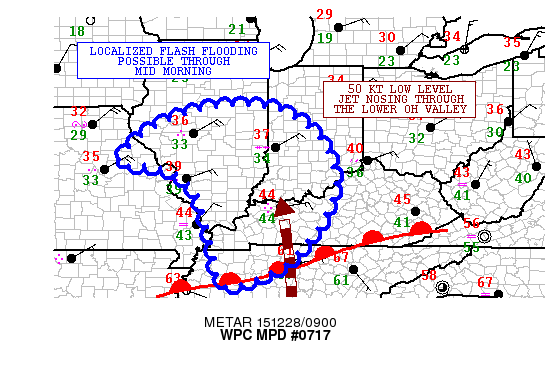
AREAS AFFECTED...EXTREME EASTERN MO...CENTRAL/SOUTHERN
IL...SOUTHWEST IN...WESTERN KY...WESTERN TN

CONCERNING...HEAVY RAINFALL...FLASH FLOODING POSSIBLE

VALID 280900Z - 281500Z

SUMMARY...PERSISTENT MODERATE TO HEAVY RAINS WILL CONTINUE TO
FAVOR THE POTENTIAL FOR RUNOFF PROBLEMS AND SOME ISOLATED FLASH
FLOODING THROUGH MID MORNING.

DISCUSSION...WHILE THE HEAVIEST RAINS ARE CURRENTLY CONFINED TO
THE LOWER MS VALLEY REGION. STRONG WARM ADVECTION AND INCREASINGLY
DIVERGENT FLOW ALOFT AHEAD OF A MID LEVEL LOW CENTER CROSSING THE
ARKLATEX REGION THIS MORNING IS GENERATING A RATHER BROAD AREA OF
MODERATE TO HEAVY RAINS ALONG WITH SOME EMBEDDED ELEVATED
CONVECTION.

ANOMALOUS MOISTURE CONTINUES TO SURGE NORTH FROM THE GULF COAST
STATES VIA A 50 KT LOW LEVEL JET NOSING INTO THE OH VALLEY...AND
WITH PW ANOMALIES AS HIGH AS 3 TO 4 STD DEV ABOVE NORMAL...AND
APPROACHING 1.4 TO 1.5 INCHES...THE RAINFALL RATES CONTINUE TO BE
LOCALLY HEAVY AND CLOSE TO 1 INCH/HR WITHIN THE STRONGER
CONVECTIVE ELEMENTS.

THE LATEST HIRES GUIDANCE CONTINUES TO FAVOR AS MUCH AS AN
ADDITIONAL 1 TO 2 INCHES OF RAIN THROUGH 15Z...WITH THE HEAVIEST
AMOUNTS GENERALLY FOCUSED OVER CENTRAL/SOUTHERN IL AND PARTS OF
SOUTHWEST IN. HOWEVER...BY MID MORNING THE APPROACHING CYCLONE
OVER THE ARKLATEX AND IMPROVING JET FORCING WILL ALLOW SOME OF THE
UPSTREAM CONVECTION OVER THE LOWER MS VALLEY TO MOVE INTO WESTERN
TN AND WESTERN KY WITH ADDITIONAL AMOUNTS HERE OF POSSIBLY 1 TO 2
INCHES.

THE VERY WET ANTECEDENT CONDITIONS WILL CONTINUE TO FAVOR RUNOFF
PROBLEMS AND AT LEAST AN ISOLATED THREAT OF FLASH FLOODING THIS
MORNING.